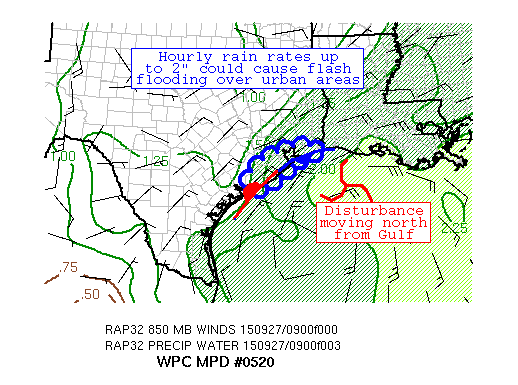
AREAS AFFECTED...PORTIONS OF THE UPPER/MIDDLE TX COAST

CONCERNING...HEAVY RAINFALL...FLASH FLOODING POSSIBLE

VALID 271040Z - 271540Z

SUMMARY...A TRAINING BAND OF CONVECTION IS BRUSHING THE COAST NEAR
GALVESTON ISLAND WITH RAIN RATES OF 1.5" AN HOUR.  CONSIDERING THE
URBAN ENVIRONMENT AND FAVORABLE PARAMETERS, FLASH FLOODING IS
POSSIBLE OVER THE NEXT FIVE HOURS.

DISCUSSION...A LOW- TO MID-LEVEL DISTURBANCE OVER THE NORTHWEST
GULF OF MEXICO HAS LED TO A FEEDER BAND SCRAPING THE TX COAST FROM
JUST SOUTH OF HIGH ISLAND INTO GALVESTON ISLAND EXTENDING
SOUTHWEST TOWARDS FREEPORT.  UPPER DIVERGENCE IS SEEN WITH THIS
BAND ON RECENT SATELLITE IMAGERY.  MUCAPES ARE 500-1000 J/KG IN
THIS REGION, INFLOW AT 850 HPA IS 20-30 KTS (CLOSE TO DOUBLE THE
MEAN 850-400 HPA WIND), PRECIPITABLE WATER VALUES ARE 1.6-1.8",
AND A BOUNDARY JUST OFF THE COAST IS BEING REINFORCED BY A LAND
BREEZE.

RADAR ESTIMATES SHOW HOURLY RAIN RATES UP TO 1.5" WITHIN THIS
BAND, WHICH WOULD COMPROMISE URBAN AREAS.  WITH THE FLOW OFF THE
WARM GULF OF MEXICO, INSTABILITY SHOULD REMAIN IN PLACE.  RAP
GUIDANCE INDICATES THAT 850 HPA INFLOW SHOULD BE LESSENING LATER
THIS MORNING, WHICH SHOULD ALLEVIATE THE CURRENT HEAVY RAIN
THREAT.  THE CAM GUIDANCE SHOWS SPREAD IN THIS REGION, WITH THE
00Z SPC WRF, 00Z 3 KM NAM, AND 00Z WRF4NSSL HAVING SOME CONCEPT OF
WHAT IS ONGOING.  WITH THE LOW- TO MID-LEVEL DISTURBANCE PUSHING
NORTHWARD, THERE IS A CHANCE THE BAND COULD PUSH SLIGHTLY INLAND
AND PIVOT DURING THE NEXT SEVERAL HOURS, WHICH COULD ENHANCE RAIN
RATES BETWEEN HOUSTON AND PORT ARTHUR TX.  HOWEVER, WITH LIMITED
INSTABILITY INLAND, HEAVY RAIN SHOULD NOT GET TOO FAR INLAND.
CONSIDERING AVAILABLE MOISTURE, HOURLY RAIN RATES UP TO 2" ARE
POSSIBLE.  USING THE 3 KM NAM AS A GUIDE, AND PER RECENT RADAR
TRENDS, LOCAL AMOUNTS UP TO 3-5" ARE POSSIBLE, WHICH WOULD CAUSE
ISSUES IN URBAN AREAS.